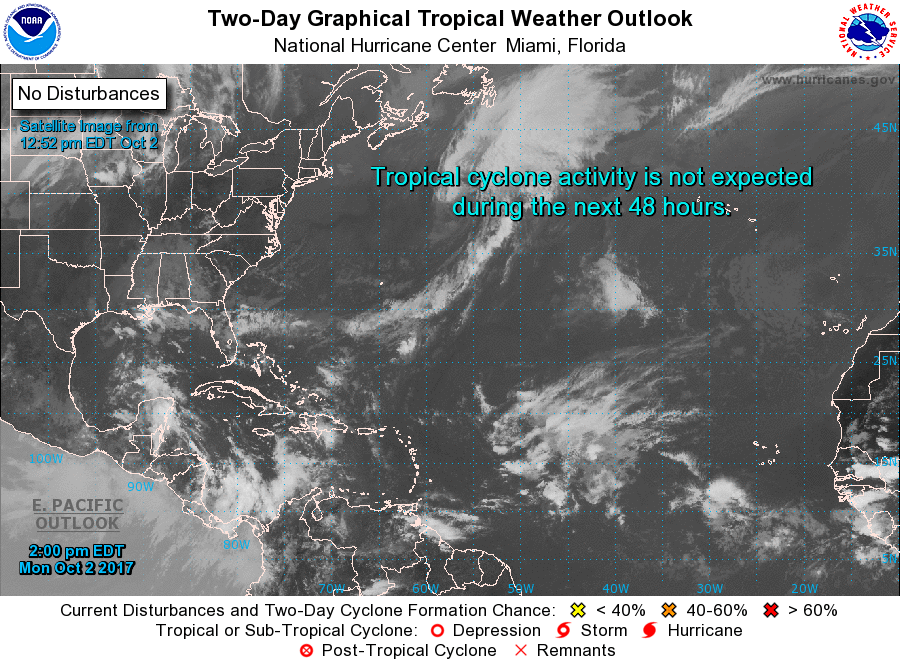
For the North Atlantic...Caribbean Sea and the Gulf of Mexico:

1. An area of low pressure is expected to form over the northwestern Caribbean Sea within the next few days. Some slow development of this system is possible by the weekend while the low drifts northward into the southern Gulf of Mexico.
* Formation chance through 48 hours...low...near 0 percent.
* Formation chance through 5 days...low...20 percent.

Forecaster Cangialosi